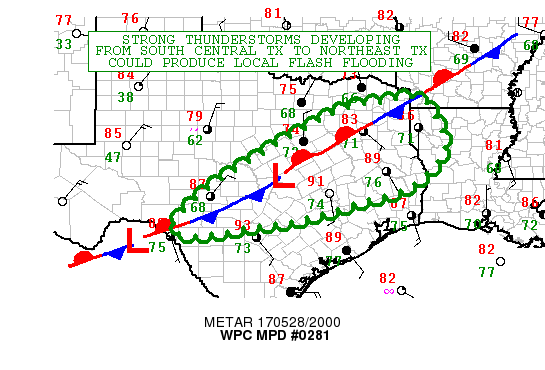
AREAS AFFECTED...CENTRAL TX...NORTHEAST TX...EXTREME SW AR...NW LA

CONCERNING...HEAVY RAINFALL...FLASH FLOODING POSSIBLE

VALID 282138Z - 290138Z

OVERVIEW...STRONG THUNDERSTORMS DEVELOPING FROM JUST EAST OF BIG
BEND TX ALONG A LINE TO NORTHEAST TX WILL INCREASE DURING THE NEXT
FEW HOURS. THESE STORMS COULD RESULT IN LOCAL FLASH FLOODING.

DISCUSSION...STRONG THUNDERSTORMS ARE DEVELOPING ALONG A FRONTAL
BOUNDARY THAT EXTENDS NORTHEAST FROM NEAR DEL RIO TO JUST SOUTH OF
TEXARKANA. THESE STORMS ARE PRODUCING LOCAL HOURLY RAIN RATES OF
1-3". RADAR INDICATES THAT LOCAL RAINFALL TOTALS OF 3" HAVE
ALREADY FALLEN WHERE THE STRONGEST STORMS ARE OCCURRING
CURRENTLY... ALONG THE SOUTHWEST AND NORTHEAST PORTIONS OF THE
FRONTAL BOUNDARY ACROSS TX.

SURFACE DEW POINTS ARE MAINLY 70 DEGREES F AND HIGHER ACROSS THE
REGION...WITH PRECIPITABLE WATER AROUND 1.5-2.0" LOW LEVEL
SOUTHERLY FLOW OF 15-20 KT WILL CONTINUE TO FEED MOISTURE INTO THE
REGION. SPC MESOANALYSES SHOW A VERY UNSTABLE ENVIRONMENT WITH
MUCAPE IN THE RANGE OF 4000-6000 J/KG. IN ADDITION CIN THAT WAS
ACROSS THE REGION EARLIER HAS MOSTLY ERODED DURING THE LAST 3
HOURS.

SO CONDITIONS ARE FAVORABLE FOR CONVECTION TO CONTINUE...AND IT
WILL PROBABLY FILL IN ALONG MUCH OF THE BOUNDARY DURING THE NEXT
COUPLE HOURS. WITH THE MOVEMENT OF THE STORMS ALONG THE
BOUNDARY...AND ADDITIONAL CONVECTION DEVELOPING JUST TO THE
SOUTHWEST IN THE STATE OF COAHUILA MEXICO...THERE IS GOOD
POTENTIAL FOR TRAINING AND REPEAT STORMS. OVER THE NEXT FOUR HOURS
THE EASTERN END OF THE COMPLEX COULD EXTEND INTO EXTREME SE AR AND
NORTHEAST LA...SO THEY HAVE BEEN INCLUDED IN THE MPD AS WELL.

HIRES MODELS AGREE RATHER WELL ON THE POTENTIAL FOR HEAVY RAIN
ACROSS THE AREA. THE HRRR...NAM...NAM CONEST...ARW...AND NSSL WRF
ALL SHOW LOCAL AREAS OF 4" TOTAL RAINFALL. SOME OF THE MODELS SHOW
LOCAL TOTALS AS HIGH AS 6". THE 3 HOUR FLASH FLOOD GUIDANCE ACROSS
THE THREAT AREA IS GENERALLY 3-5"...SO LOCALIZED FLASH FLOODING IS
POSSIBLE.